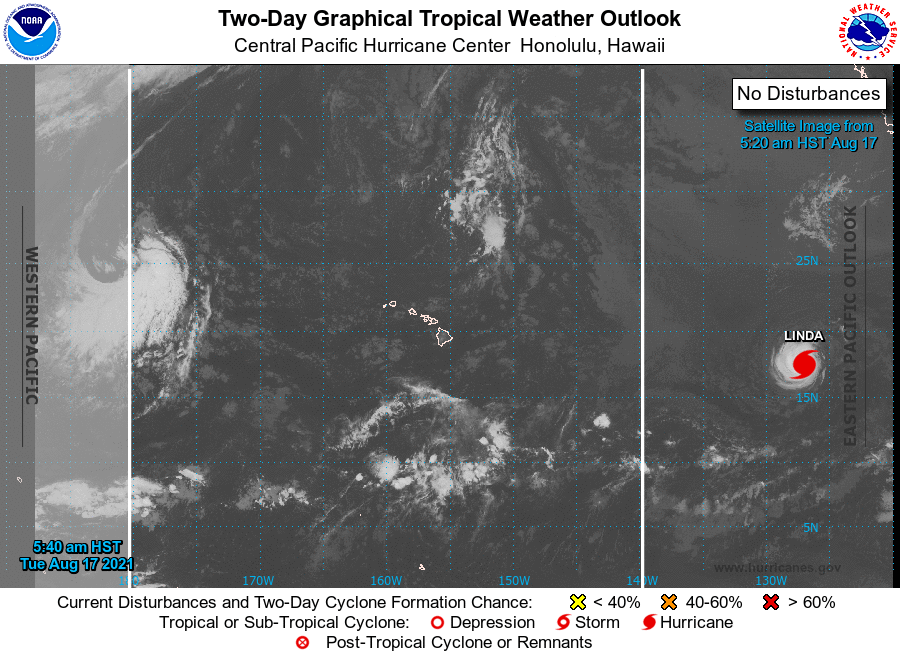
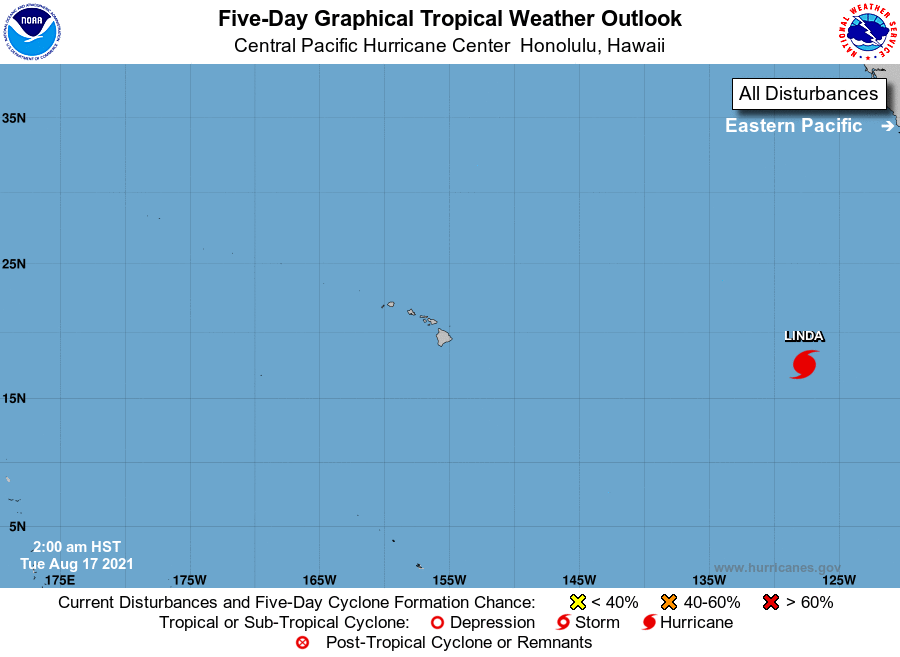
For the central North Pacific...between 140W and 180W:

The National Hurricane Center in Miami, Florida, is issuing advisories on Hurricane Linda, located about 1850 miles east southeast of Hilo, Hawaii. The latest forecast indicates that Linda could move into the Central Pacific Hurricane Center's area of responsibility as a weakening tropical storm as early as late Thursday.

Elsewhere, no tropical cyclones are expected during the next 5 days.

Public advisories on Hurricane Linda can be found under WMO header WTPZ32 KNHC and AWIPS header MIATCPEP2. Forecast advisories on Hurricane Linda can be found under WMO header WTPZ22 KNHC and under AWIPS header MIATCMEP2.

Forecaster Blood